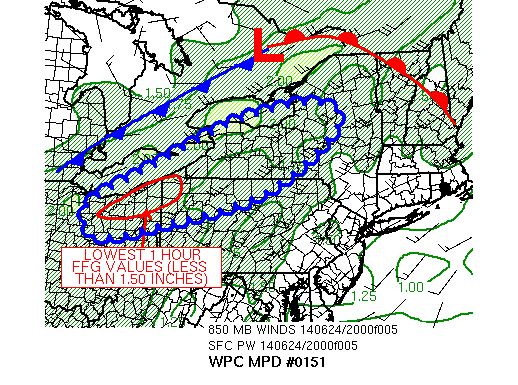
AREAS AFFECTED......NORTHEAST OH/NORTHWEST PA/WESTERN NY STATE...

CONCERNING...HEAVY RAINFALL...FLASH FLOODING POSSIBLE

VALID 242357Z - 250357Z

SUMMARY...CONVECTION ON THE NOSE OF A LOW LEVEL SOUTHWEST JET WILL
CROSS NORTHEAST OH INTO NORTHWEST PA AND WESTERN NY STATE INTO THE
LATE EVENING HOURS. THE CONVECTION WILL FOLLOW THE AXIS OF HIGH
MOISTURE CONTENT AIR AND RESIDUAL INSTABILITY TO POSE THE
POTENTIAL FOR FLASH FLOODING.

DISCUSSION...CONVECTION ON THE NOSE OF A 20 TO 30 KNOT LOW LEVEL
JET OVER NORTHWEST OH AT 0045Z SHOULD CONTINUE TO FOLLOW THE BEST
PWAT VALUES (NEAR 1.75 INCHES...OR ABOUT TWO STANDARD DEVIATIONS
ABOVE NORMAL) AND INSTABILITY ACROSS NORTHEAST OH INTO NORTHWEST
PA AND WESTERN NY STATE. THE CONVECTION IS BEING MAINTAINED BY
MUCAPE BETWEEN 1500 AND 2000 J/KG ACROSS NORTHERN AND CENTRAL
OH...AHEAD OF A COMPACT SHORT WAVE/MCV OVER EASTERN IN.

THE CONSENSUS OF HIGH RESOLUTION GUIDANCE PLACES A SWATH OF HEAVY
RAIN ALONG THE AXIS OF HIGHEST PWAT AHEAD OF THE SHORT/MCV. IN
FACT...THE LATEST ARW AND NAM CONEST SUGGEST AS MUCH AS 3-5 INCHES
OF RAIN IN SPOTS ALONG THIS AXIS. HOWEVER...THE MAJORITY OF
AVAILABLE HIGH RESOLUTION GUIDANCE SHOWS THE MUCAPE DROPPING BELOW
500 J/KG BY THE 04-05Z TIME FRAME.

BECAUSE OF THE UNCERTAINTY CONCERNING THE AVAILABILITY OF
INSTABILITY TO MAINTAIN THE CONVECTION PAST 03Z...THE THREAT LEVEL
FOR FLASH FLOODING IS NOT AS HIGH AS SOME OF THE HIGH RESOLUTION
GUIDANCE SUGGESTS. HOWEVER...THE THREAT SHOULD REMAIN IN PLACE
THROUGH ABOUT 05Z.